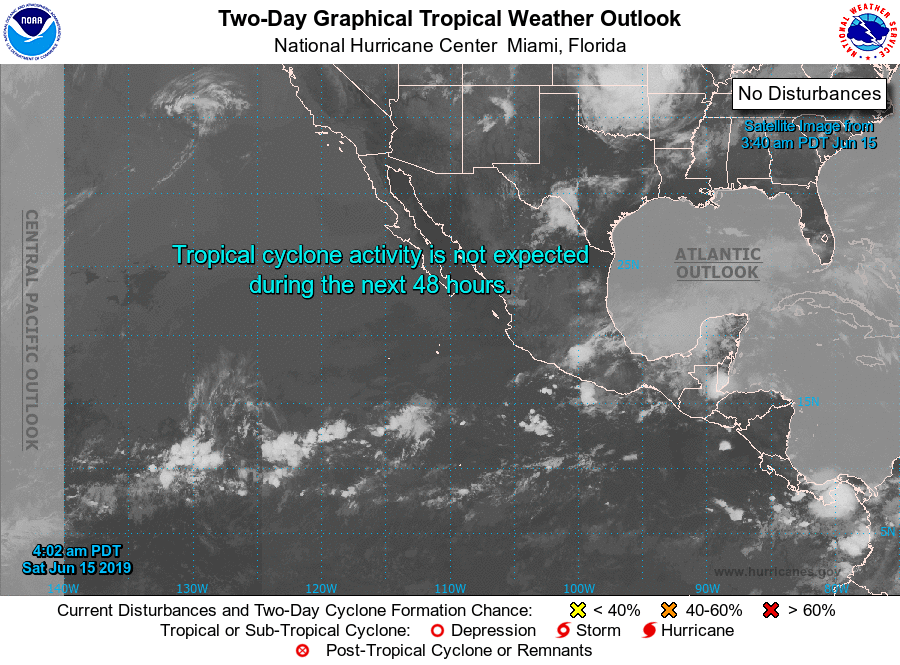
For the eastern North Pacific...east of 140 degrees west longitude:

Tropical cyclone formation is not expected during the next 5 days.

Forecaster Stewart